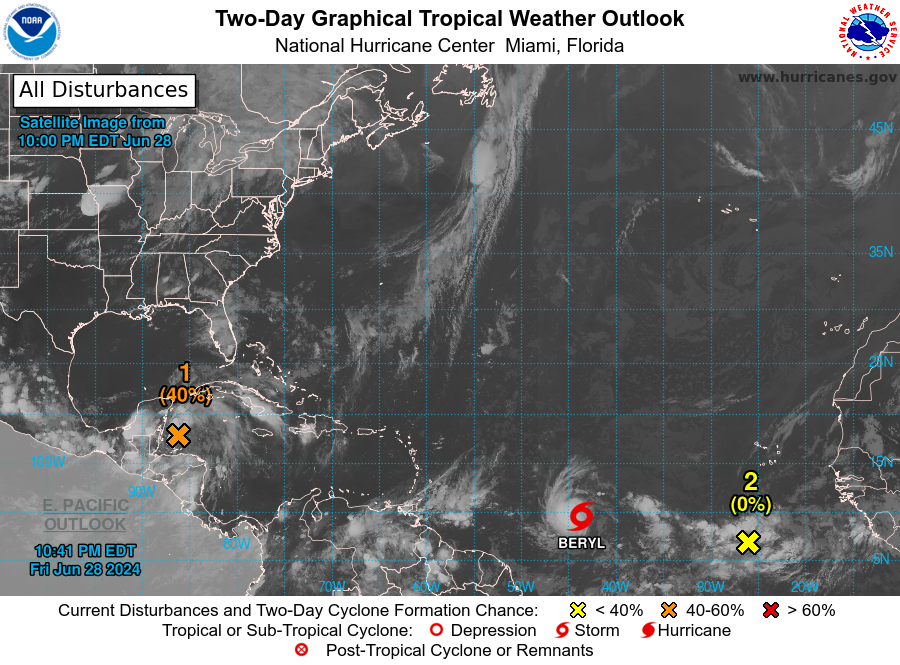
For the North Atlantic...Caribbean Sea and the Gulf of Mexico:

Active Systems: The National Hurricane Center is issuing advisories on newly formed Tropical Depression Two, located over the central tropical Atlantic Ocean.

1. Northwestern Caribbean/Southwestern Gulf of Mexico (AL94): A broad area of low pressure over the northwestern Caribbean Sea continues to produce widespread but disorganized shower and thunderstorm activity. Development of this low is not anticipated before it moves inland over the Yucatan Peninsula on Saturday. The system is then forecast to move west-northwestward, emerging over the Bay of Campeche Saturday night or early Sunday, where conditions appear generally conducive for further development. A tropical depression could form before the system moves inland again early next week over Mexico. Regardless of development, heavy rainfall associated with the area of low pressure will affect portions of Central America and Mexico through early next week.
* Formation chance through 48 hours...medium...40 percent.
* Formation chance through 7 days...medium...40 percent.

2. Eastern Tropical Atlantic: A tropical wave located several hundred miles south-southwest of the Cabo Verde Islands is producing an area of disorganized showers and thunderstorms. Environmental conditions appear generally conducive for additional development of this system, and a tropical depression could form by the middle of next week while it moves generally westward at 15 to 20 mph across the eastern and central tropical Atlantic.
* Formation chance through 48 hours...low...near 0 percent.
* Formation chance through 7 days...medium...40 percent.

Public Advisories on Tropical Depression Two are issued under WMO header WTNT32 KNHC and under AWIPS header MIATCPAT2. Forecast/Advisories on Tropical Depression Two are issued under WMO header WTNT22 KNHC and under AWIPS header MIATCMAT2.

Forecaster Papin